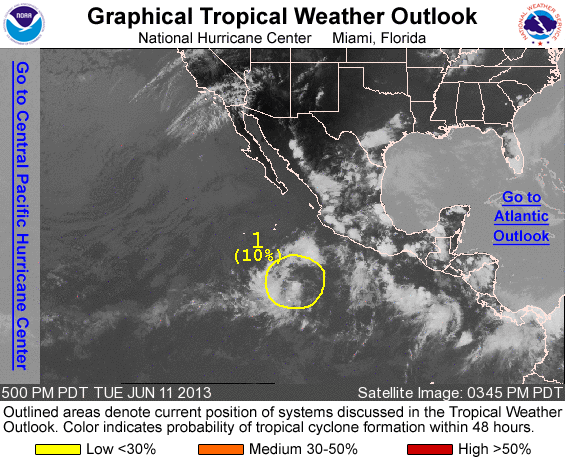
FOR THE EASTERN NORTH PACIFIC...EAST OF 140 DEGREES WEST LONGITUDE..

1. A DISORGANIZED AREA OF DISTURBED WEATHER CENTERED ABOUT 650 MILES SOUTH-SOUTHWEST OF MANZANILLO IS EXPECTED TO MOVE TOWARD THE WEST-NORTHWEST AROUND 10 MPH. ONLY A SLOW DEVELOPMENT IS ANTICIPATED BEFORE ENVIRONMENTAL CONDITIONS BECOME EVEN LESS FAVORABLE IN THE NEXT FEW DAYS. THIS SYSTEM HAS A LOW CHANCE...10 PERCENT...OF BECOMING A TROPICAL CYCLONE DURING THE NEXT 48 HOURS.

ELSEWHERE...TROPICAL CYCLONE FORMATION IS NOT EXPECTED DURING THE NEXT 48 HOURS.

FORECASTER AVILA